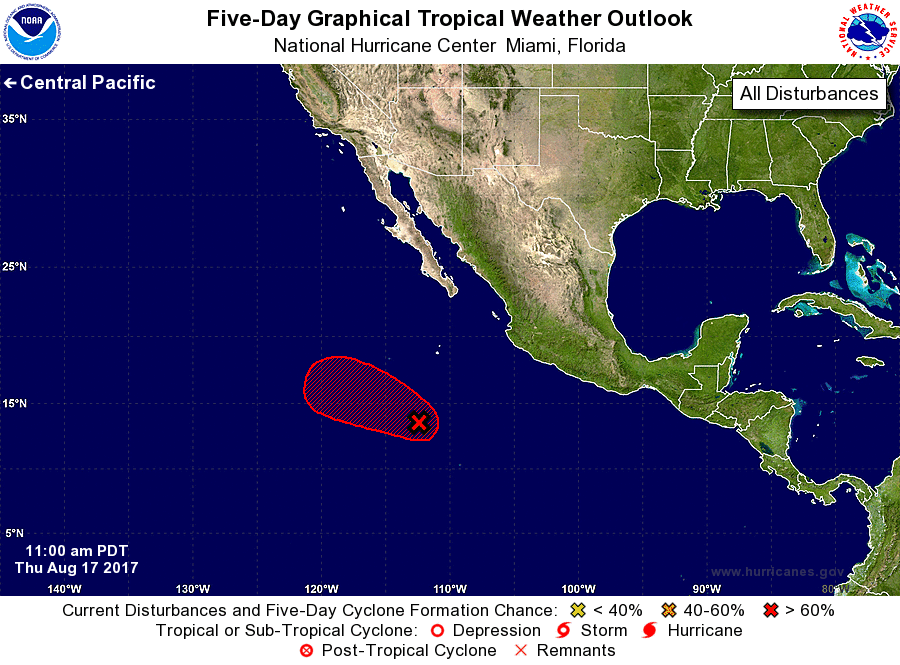
For the eastern North Pacific...east of 140 degrees west longitude:

1. A low pressure system located about 600 miles south-southwest of Manzanillo, Mexico, has become better organized this morning. Environmental conditions are expected to be generally conducive for additional development, and a tropical depression is likely to form by early next week while the system moves west-northwestward at 10 to 15 mph.
* Formation chance through 48 hours...medium...60 percent.
* Formation chance through 5 days...high...80 percent.

Forecaster Zelinsky